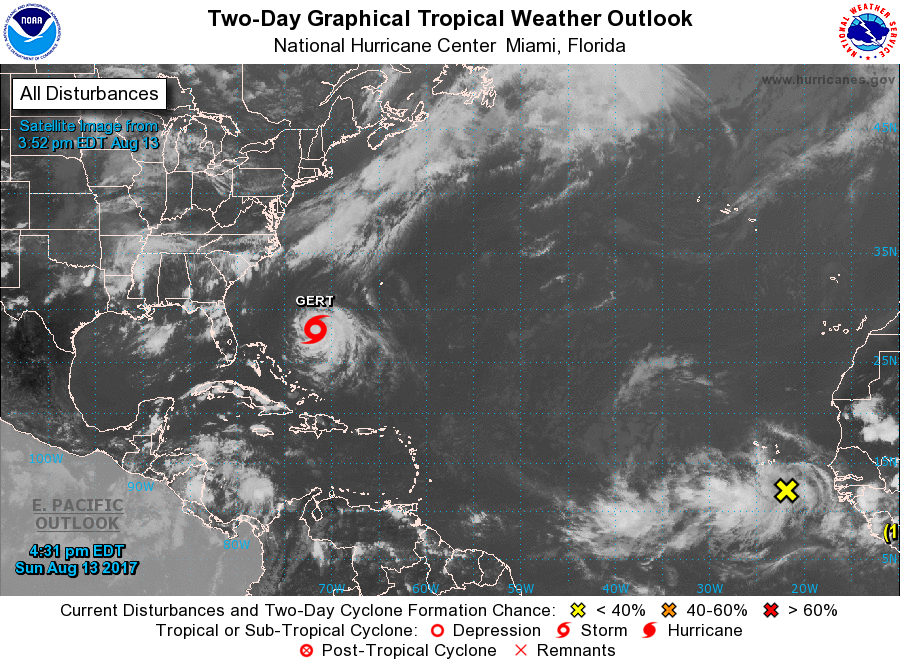
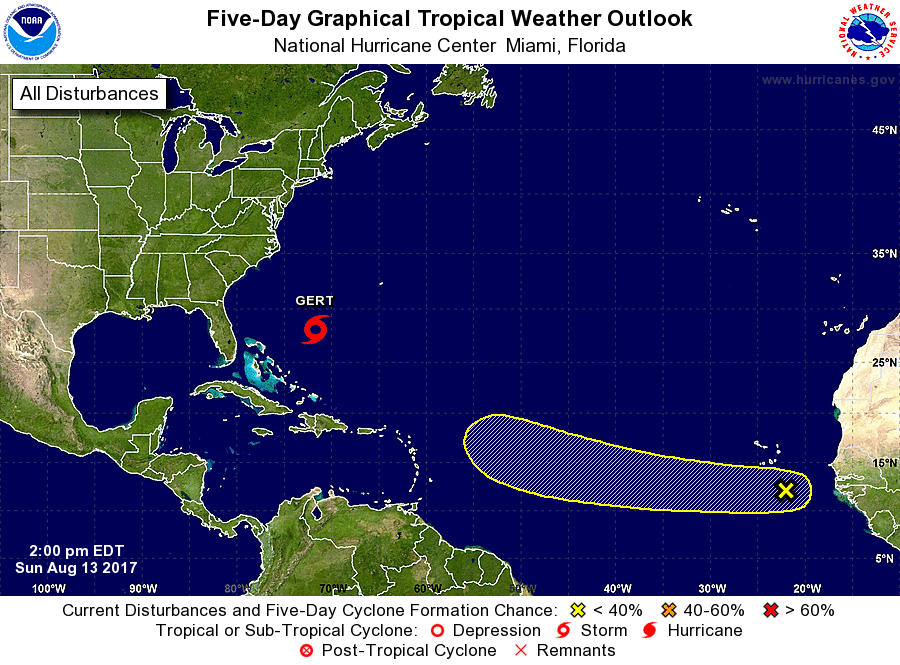
For the North Atlantic...Caribbean Sea and the Gulf of Mexico:

The National Hurricane Center is issuing advisories on Tropical Depression Eight, located several hundred miles southwest of Bermuda.

1. An area of disturbed weather located to the southeast of the Cabo Verde Islands is associated with a tropical wave. The wave is forecast to merge with a broad area of low pressure located southwest of the Cabo Verde Islands in a day or two. Environmental conditions are expected to become more conducive for development of this system later this week while it moves westward at about 15 mph over the tropical Atlantic.
* Formation chance through 48 hours...low...near 10 percent.
* Formation chance through 5 days...low...30 percent.

Public Advisories on Tropical Depression Eight are issued under WMO header WTNT33 KNHC and under AWIPS header MIATCPAT3. Forecast/Advisories on Tropical Depression Eight are issued under WMO header WTNT23 KNHC and under AWIPS header MIATCMAT3.

Forecaster Brown